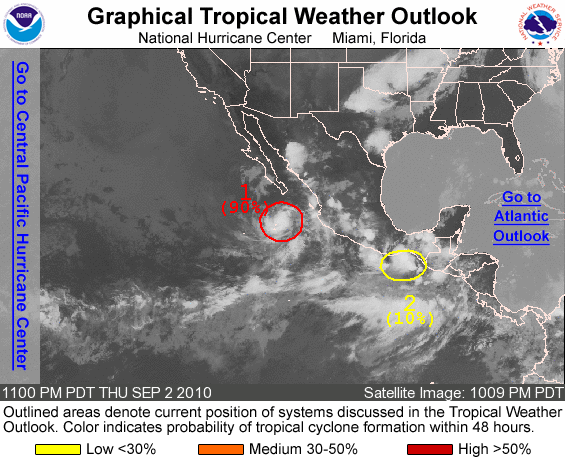
FOR THE EASTERN NORTH PACIFIC...EAST OF 140 DEGREES WEST LONGITUDE..

1. SATELLITE PICTURES INDICATE THAT SHOWERS AND THUNDERSTORMS ASSOCIATED WITH AN AREA OF LOW PRESSURE LOCATED ABOUT 275 MILES WEST-SOUTHWEST OF PUERTO VALLARTA MEXICO HAVE BECOME BETTER ORGANIZED DURING THE PAST SEVERAL HOURS. IF CURRENT TRENDS CONTINUE...ADVISORIES COULD BE INITIATED LATER THIS MORNING AS THE LOW MOVES NORTHWESTWARD AT 5 TO 10 MPH. THERE IS A HIGH CHANCE...90 PERCENT...OF THIS SYSTEM BECOMING A TROPICAL CYCLONE DURING THE NEXT 48 HOURS.

2. A DISORGANIZED AREA OF SHOWERS AND THUNDERSTORMS OVER THE GULF OF TEHUANTEPEC IS NEARLY STATIONARY. MARGINALLY CONDUCIVE ENVIRONMENTAL CONDITIONS AND THE PROXIMITY OF THE SYSTEM TO LAND ARE EXPECTED TO LIMIT SIGNIFICANT DEVELOPMENT OF THIS DISTURBANCE. THERE IS A LOW CHANCE...10 PERCENT...OF THIS SYSTEM BECOMING A TROPICAL CYCLONE DURING THE NEXT 48 HOURS. REGARDLESS OF DEVELOPMENT...THERE IS THE POTENTIAL FOR LOCALIZED HEAVY RAIN IN ASSOCIATION WITH THIS SYSTEM OVER PORTIONS OF SOUTHEASTERN MEXICO AND GUATEMALA DURING THE NEXT COUPLE OF DAYS.

ELSEWHERE...TROPICAL CYCLONE FORMATION IS NOT EXPECTED DURING THE NEXT 48 HOURS.

FORECASTER KIMBERLAIN